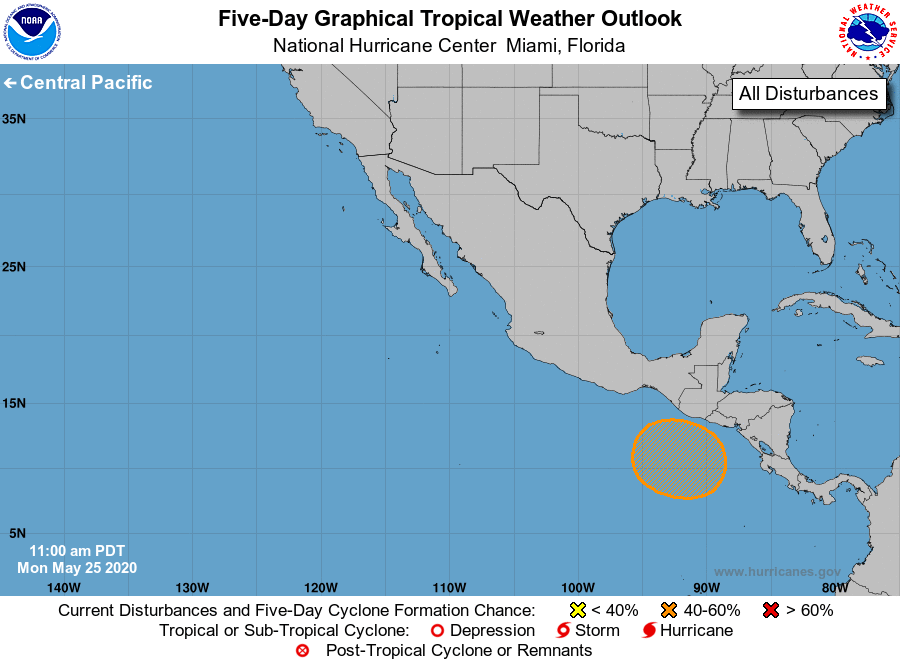
For the eastern North Pacific...east of 140 degrees west longitude:

1. A broad area of low pressure is expected to form later this week a few hundred miles south of the coasts of southern Mexico, Guatemala, and El Salvador. Conditions appear favorable for some development of this system while it moves little or drifts northward through the end of the week.
* Formation chance through 48 hours...low...near 0 percent.
* Formation chance through 5 days...medium...50 percent.

Forecaster Stewart